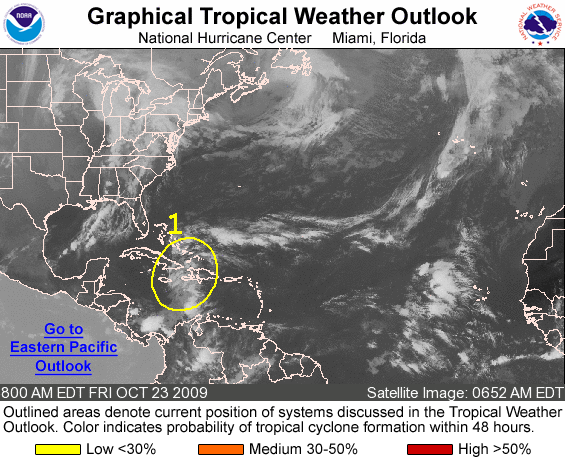
FOR THE NORTH ATLANTIC...CARIBBEAN SEA AND THE GULF OF MEXICO...

1. CLOUDINESS AND SHOWERS EXTENDING FROM THE CENTRAL CARIBBEAN NORTHWARD ACROSS EASTERN CUBA AND PORTIONS OF THE BAHAMAS ARE PRIMARILY ASSOCIATED WITH A WEAK SURFACE LOW PRESSURE TROUGH. THIS SYSTEM IS EXPECTED TO MOVE SLOWLY WEST-NORTHWESTWARD WITH NO SIGNIFICANT DEVELOPMENT. THERE IS A LOW CHANCE...LESS THAN 30 PERCENT...OF THIS SYSTEM BECOMING A TROPICAL OR SUBTROPICAL CYCLONE DURING THE NEXT 48 HOURS.

ELSEWHERE...TROPICAL CYCLONE FORMATION IS NOT EXPECTED DURING THE NEXT 48 HOURS.

FORECASTER AVILA